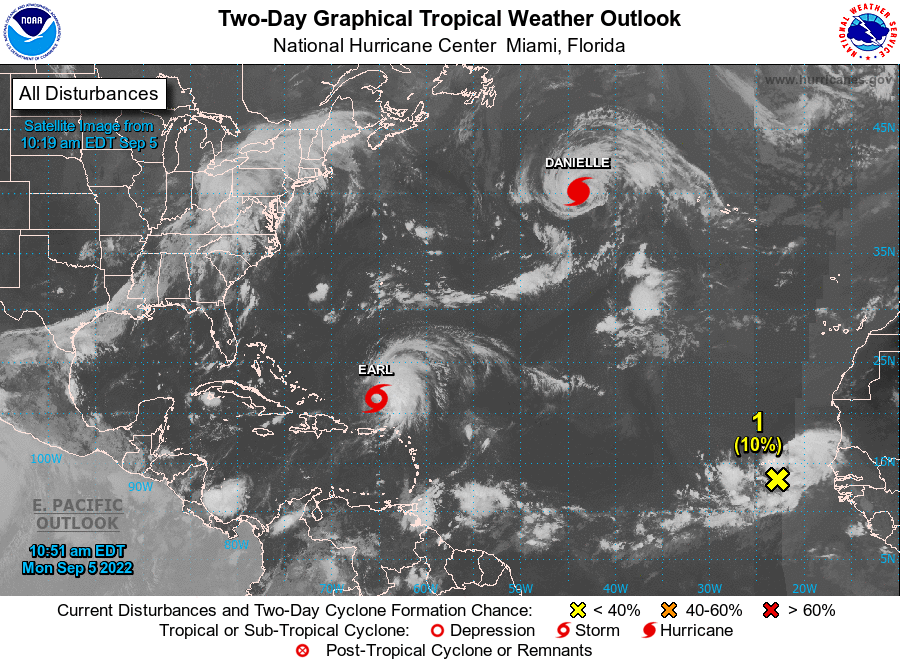
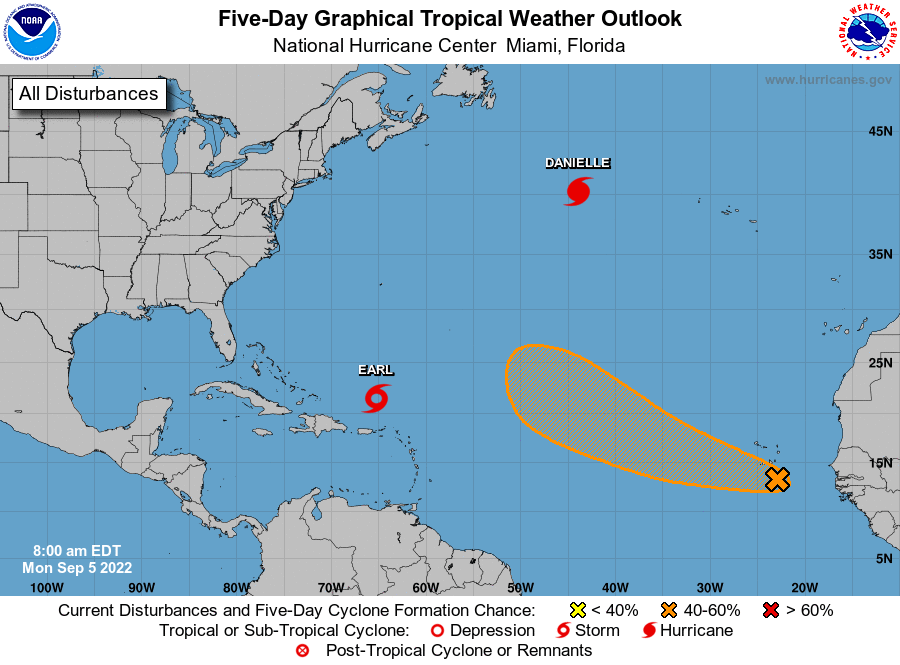
For the North Atlantic...Caribbean Sea and the Gulf of Mexico:

Active Systems: The National Hurricane Center is issuing advisories on Hurricane Danielle, located about 950 miles west-northwest of the Azores, and on Tropical Storm Earl, located less than 700 miles south of Bermuda.

1. Eastern Tropical Atlantic: A tropical wave located southeast of the Cabo Verde Islands continues to produce a broad area of disorganized shower and thunderstorm activity. An area of low pressure is forecast to form with this system in the next next day or so, and environmental conditions appear marginally favorable for additional development. A tropical depression could form by the latter part of this week as this system moves generally west-northwestward or northwestward over the eastern and central tropical Atlantic.
* Formation chance through 48 hours...low...10 percent.
* Formation chance through 5 days...medium...40 percent.

Forecaster Papin